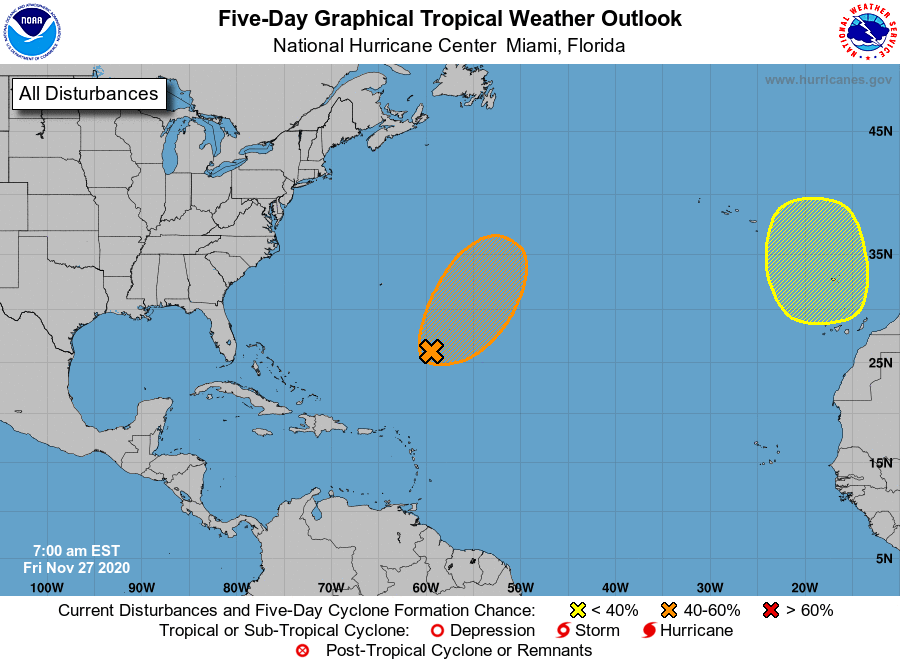
For the North Atlantic...Caribbean Sea and the Gulf of Mexico:

1. Showers and thunderstorms have decreased in coverage since yesterday near a well-defined, non-tropical low pressure system located several hundred miles southeast of Bermuda. Development is unlikely during the next day or so due to unfavorable upper-level winds. By Sunday, environmental conditions are expected to become a little more conducive for the low to briefly acquire subtropical characteristics as it moves northeastward ahead of a frontal system. By early next week, conditions are expected to become unfavorable for further development as the system interacts with or becomes absorbed by a frontal system.
* Formation chance through 48 hours...medium...40 percent.
* Formation chance through 5 days...medium...40 percent.

2. Another non-tropical area of low pressure is expected to form over the far eastern Atlantic during the weekend. This system could gradually gain subtropical characteristics early next week while it moves slowly southward to the west and southwest of Portugal.
* Formation chance through 48 hours...low...near 0 percent.
* Formation chance through 5 days...low...20 percent.

Forecaster Reinhart/Latto